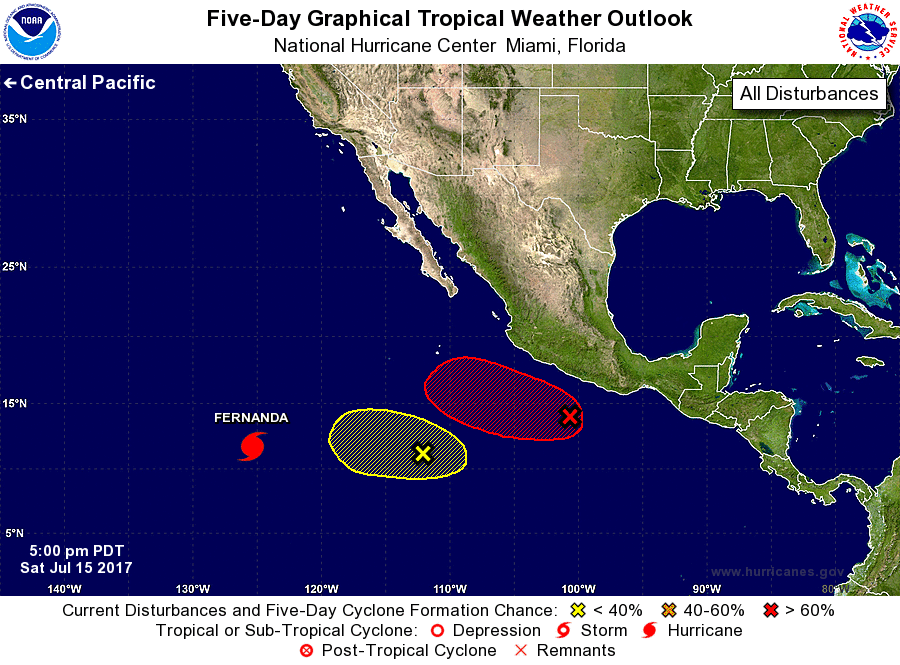
For the eastern North Pacific...east of 140 degrees west longitude:

The National Hurricane Center is issuing advisories on Hurricane Fernanda, located well to the southwest of the southern tip of the Baja California peninsula.

1. Shower activity associated with a broad low pressure system centered a couple of hundred miles south of Acapulco, Mexico has become a little better organized over the past 24 hours. Environmental conditions are forecast to be somewhat conducive for gradual development during the next few days, and a tropical depression could form by early next week while the system moves slowly toward the west-northwest at 5 to 10 mph.
* Formation chance through 48 hours...medium...50 percent.
* Formation chance through 5 days...high...70 percent.

2. Disorganized cloudiness and showers located several hundred miles southwest of Manzanillo, Mexico are associated with a trough of low pressure. Development, if any, is expected to be slow to occur as the system moves slowly west-northwestward.
* Formation chance through 48 hours...low...10 percent.
* Formation chance through 5 days...low...20 percent.

Forecaster Beven